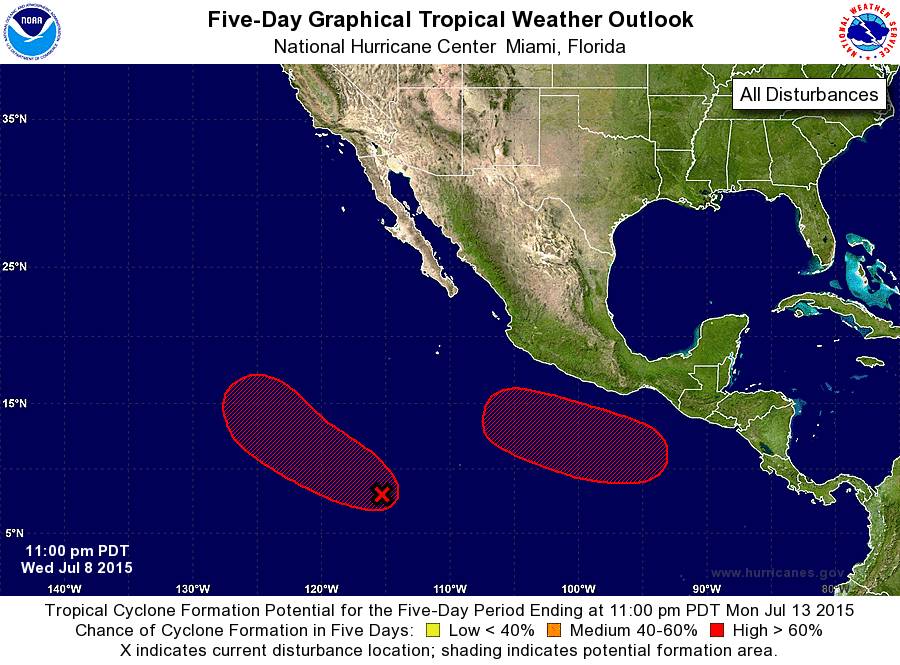
For the eastern North Pacific...east of 140 degrees west longitude:

1. Disorganized showers and thunderstorms centered about 1100 miles south-southwest of the southern tip of Baja California Sur are associated with a tropical wave and a broad low pressure area. Gradual development is anticipated through the weekend, and this system will likely become a tropical depression by early next week while it moves west-northwestward or northwestward.
* Formation chance through 48 hours...low...20 percent
* Formation chance through 5 days...high...70 percent

2. An area of low pressure is expected to form several hundred miles south of the coast of southern Mexico late this week. Environmental conditions are forecast to be conducive, and this system will likely become a tropical depression by early next week while it moves west-northwestward.
* Formation chance through 48 hours...low...near 0 percent
* Formation chance through 5 days...high...70 percent

Forecaster Blake